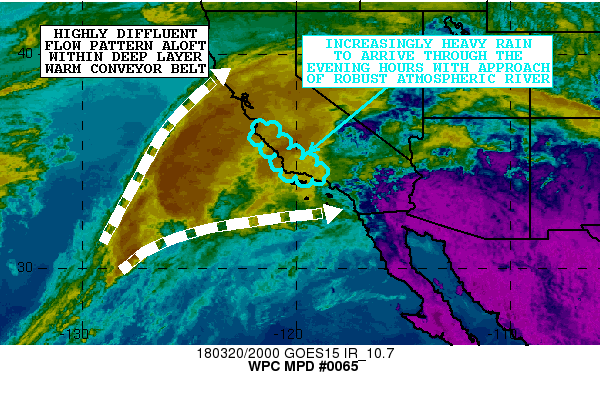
AREAS AFFECTED...CENTRAL/SOUTHERN CA COASTAL RANGES

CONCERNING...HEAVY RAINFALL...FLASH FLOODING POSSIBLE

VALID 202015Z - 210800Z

SUMMARY...HEAVY RAINS TO BEGIN OVERSPREADING THE CENTRAL/SOUTHERN
CA COASTAL RANGES LATE THIS AFTERNOON AND THROUGH THIS EVENING AS
ATMOSPHERIC RIVER CONDITIONS COMMENCE. SOME RUNOFF CONCERNS WILL
BE POSSIBLE ALONG WITH ISOLATED FLASH FLOODING CONCERNS NEAR ANY
BURN SCAR AREA.

DISCUSSION...THE LATEST GOES-15 WV IMAGERY SHOWS A WELL-DEFINED
CLOSED LOW CENTERED NEAR 32N 139W WHICH WILL BEGIN TO GRADUALLY
WEAKEN THIS EVENING AND ADVANCE OFF TO THE EAST-NORTHEAST
UNDERNEATH MUCH STRONGER NORTHERN STREAM HEIGHT FALLS/TROUGHING
DIGGING SOUTH DOWN OFF THE PACIFIC NORTHWEST. THIS WILL ALLOW DEEP
LAYER SOUTHWEST FLOW WITH A WELL-DEFINED WARM CONVEYOR BELT AND
TRANSPORT OF SUBTROPICAL MOISTURE TO TAKE AIM ON THE COASTAL
RANGES OF CENTRAL/SOUTHERN CA THIS EVENING WHICH WILL ALLOW
ATMOSPHERIC RIVER CONDITIONS TO ENSUE.

ALREADY THE LATEST GOES-15 IR IMAGERY HAS BEEN SHOWING A GENERAL
COOLING OF CLOUD TOPS OFFSHORE WITHIN A REGION OF INCREASINGLY
DIFFLUENT FLOW ALOFT AROUND THE EASTERN FLANK OF THE UPPER LOW.
MEANWHILE...850/700 MB MOISTURE FLUX ANOMALIES ARE INCREASING AS
THE LOW/MID LEVEL WIND FIELD INCREASES AND THE 12Z GFS FORECASTS A
LARGE AREA OF MOISTURE FLUX ANOMALIES EXCEEDING 4-5 STANDARD
DEVIATIONS ABOVE NORMAL OFFSHORE CENTRAL/SOUTHERN CA BY 00Z. THE
LATEST BLENDED-TPW DATA DEPICTS AN AXIS OF 1.5 TO 1.6 INCH PWATS
ALIGNED WITH THE DEEP LAYER SOUTHWEST FLOW AND THIS MOISTURE
TRANSPORT AIMING TOWARD THE COAST WILL PROMOTE AN INCREASE IN
RAINFALL EFFICIENCY WITH TIME.

EXPECTING A BROAD AREA OF MODERATE TO LOCALLY HEAVY RAIN TO BEGIN
OVERSPREADING THE COASTAL RANGES OVER THE NEXT SEVERAL
HOURS...WITH A GRADUAL INCREASE IN RAINFALL RATES THROUGH THE
EVENING AS A COMBINATION OF GREATER RAINFALL EFFICIENCY...FORCING
ALOFT AND FAVORABLY ORTHOGONAL LOW LEVEL FLOW SETS UP OVER THE
TERRAIN.

AN EARLIER AMSU PASS BACK AT 1550Z WAS ALREADY SHOWING POCKETS OF
0.50 INCH/HR RAIN RATES OFFSHORE...AND SINCE THAT PASS...THE CLOUD
TOPS HAVE BEEN COOLING FURTHER WHICH SUGGESTS AT LEAST AN UPTICK
IN LARGER SCALE FORCING AND AN EXPANSION OF HEAVIER RAINS.

THE LATEST RUNS OF THE HRRR AND THE 12Z ARW/NMMB GUIDANCE SUGGESTS
THAT AS MUCH AS 1 TO 2 INCHES OF RAIN MAY FALL BETWEEN NOW AND
06Z...WITH MUCH HEAVIER RAIN AFTER THIS PERIOD GOING INTO VERY
EARLY WEDNESDAY. HOWEVER...THERE IS SOME POTENTIAL FOR THE
GUIDANCE TO BE A TAD UNDERDONE OVER THE UPSLOPE AREAS OF THE
TRANSVERSE RANGE GIVEN THE DEEPENING SUBTROPICAL CONNECTION AND
ORTHOGONAL WIND COMPONENT. THE SATELLITE TRENDS TEND TO FAVOR A
WETTER SHORT-TERM OUTLOOK...AND THUS THE CONCERN IS FOR HEAVIER
RAINFALL RATES THAT COULD BE AS MUCH AS 0.25 TO 0.50 INCH/HR EVEN
BY 06Z WHICH WOULD BE A BIT WETTER THAN THE GUIDANCE.

GIVEN THE SENSITIVITY TO THE BURN SCAR AREAS IN PARTICULAR...IT
WILL NOT NECESSARILY TAKE VERY HEAVY RAINFALL TO ENCOURAGE RUNOFF
PROBLEMS AND POTENTIAL FOR DEBRIS FLOWS OR FLASH FLOODING. WILL
CONTINUE TO MONITOR AND UPDATE ACCORDINGLY.